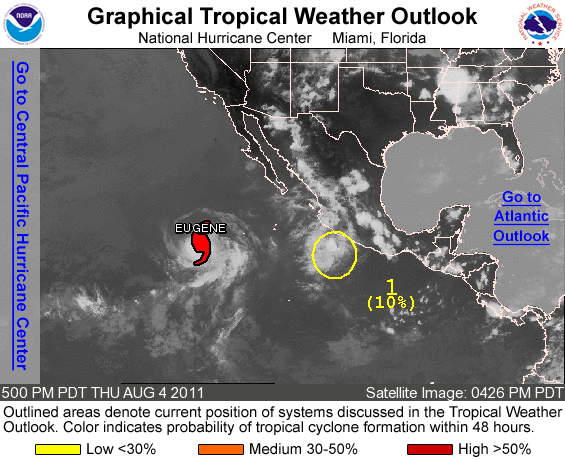
FOR THE EASTERN NORTH PACIFIC...EAST OF 140 DEGREES WEST LONGITUDE..

THE NATIONAL HURRICANE CENTER IS ISSUING ADVISORIES ON HURRICANE EUGENE...LOCATED ABOUT 770 MILES WEST-SOUTHWEST OF THE SOUTHERN TIP OF BAJA CALIFORNIA.

1. A WEAK AREA OF LOW PRESSURE CENTERED ABOUT 100 MILES SOUTHWEST OF ZIHUATANEJO MEXICO IS PRODUCING DISORGANIZED SHOWER AND THUNDERSTORM ACTIVITY JUST OFF THE SOUTHWESTERN COAST OF MEXICO. ENVIRONMENTAL CONDITIONS ARE NOT CONDUCIVE FOR DEVELOPMENT...AND THIS SYSTEM HAS A LOW CHANCE...10 PERCENT...OF BECOMING A TROPICAL CYCLONE DURING THE NEXT 48 HOURS AS IT MOVES WEST-NORTHWESTWARD NEAR 10 MPH.

ELSEWHERE...TROPICAL CYCLONE FORMATION IS NOT EXPECTED DURING THE NEXT 48 HOURS.

FORECASTER BLAKE